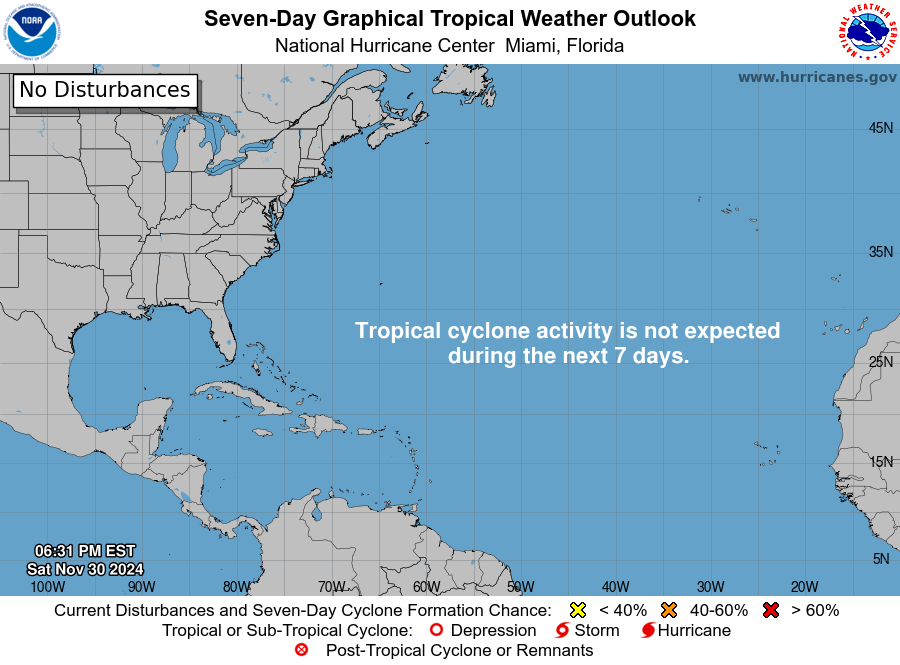
For the North Atlantic...Caribbean Sea and the Gulf of Mexico:

Tropical cyclone formation is not expected during the next 7 days.

This is the last regularly scheduled Tropical Weather Outlook of the 2024 Atlantic Hurricane Season. Routine issuance of the Tropical Weather Outlook will resume on May 15, 2025. During the off-season, Special Tropical Weather Outlooks will be issued as conditions warrant.

Forecaster Beven